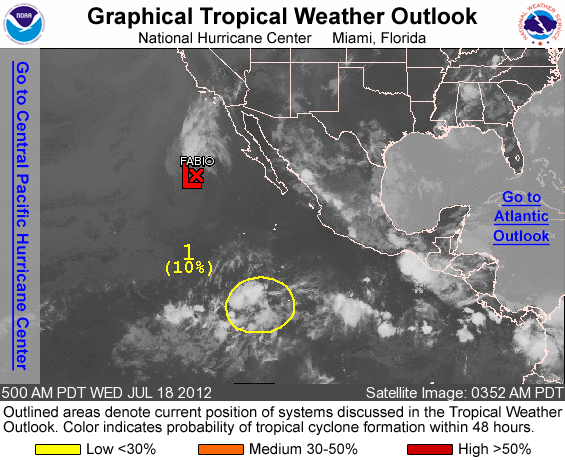
FOR THE EASTERN NORTH PACIFIC...EAST OF 140 DEGREES WEST LONGITUDE..

THE NATIONAL HURRICANE CENTER IS ISSUING ADVISORIES ON TROPICAL DEPRESSION FABIO...LOCATED ABOUT 460 MILES SOUTHWEST OF PUNTA BAJA MEXICO.

1. A BROAD TROUGH OF LOW PRESSURE LOCATED ABOUT 850 MILES SOUTHWEST OF MANZANILLO MEXICO IS PRODUCING DISORGANIZED SHOWERS AND THUNDERSTORMS. DEVELOPMENT...IF ANY...SHOULD BE SLOW TO OCCUR AS THE DISTURBANCE MOVES WESTWARD AT 10 TO 15 MPH. THIS SYSTEM HAS A LOW CHANCE...10 PERCENT...OF BECOMING A TROPICAL CYCLONE DURING THE NEXT 48 HOURS.

ELSEWHERE...TROPICAL CYCLONE FORMATION IS NOT EXPECTED DURING THE NEXT 48 HOURS.

FORECASTER CANGIALOSI